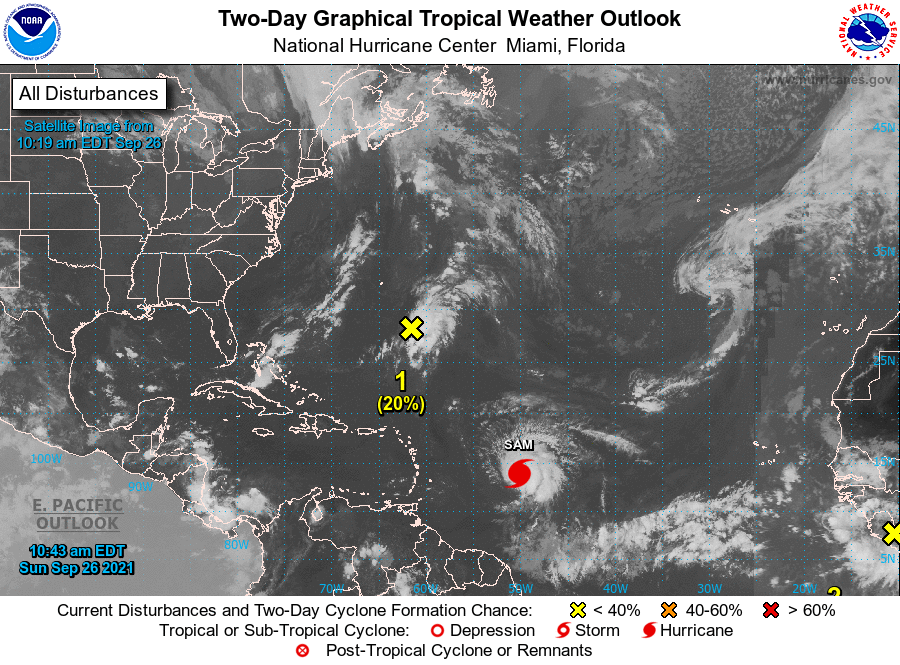
For the North Atlantic...Caribbean Sea and the Gulf of Mexico:

The National Hurricane Center is issuing advisories on Hurricane Sam, located about 900 miles east-southeast of the northern Leeward Islands.

1. An elongated area of disorganized showers and thunderstorms associated with the remnants of Peter is located a few hundred miles southeast of Bermuda. Upper-level winds only appear marginally conducive for some slow development of this disturbance over the next couple of days as it moves northeastward at about 10 mph.
* Formation chance through 48 hours...low...20 percent.
* Formation chance through 5 days...low...20 percent.

2. A tropical wave is expected to move off the west coast of Africa on Monday. Environmental conditions are forecast to be conducive for gradual development thereafter, and a tropical depression could form by midweek while the system moves westward to west-northwestward at 10 to 15 mph over the far eastern tropical Atlantic.
* Formation chance through 48 hours...low...near 10 percent.
* Formation chance through 5 days...medium...60 percent.

3. A broad area of low pressure could form over the eastern or central tropical Atlantic early this week, to the west of the tropical wave that will be moving off the coast of Africa. Thereafter, environmental conditions could support some development of this disturbance while it moves westward at 5 to 10 mph through the middle of the week.
* Formation chance through 48 hours...low...near 0 percent.
* Formation chance through 5 days...low...30 percent.

Forecaster Hagen/Pasch